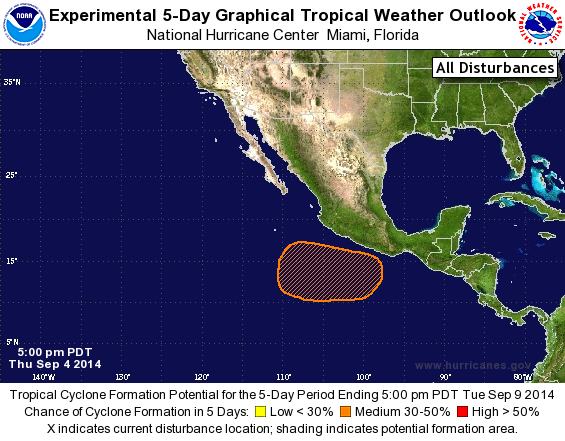
For the eastern North Pacific...east of 140 degrees west longitude:

The National Hurricane Center is issuing advisories on Hurricane Norbert, located offshore of the southern tip of the Baja California peninsula.

1. An area of low pressure could form a few hundred miles south of the southern coast of Mexico over the weekend. Conditions appear favorable for some gradual development of this system early next week while it moves slowly toward the west-northwest.
* Formation chance through 48 hours...low...near 0 percent.
* Formation chance through 5 days...medium...30 percent.

Forecaster Brennan